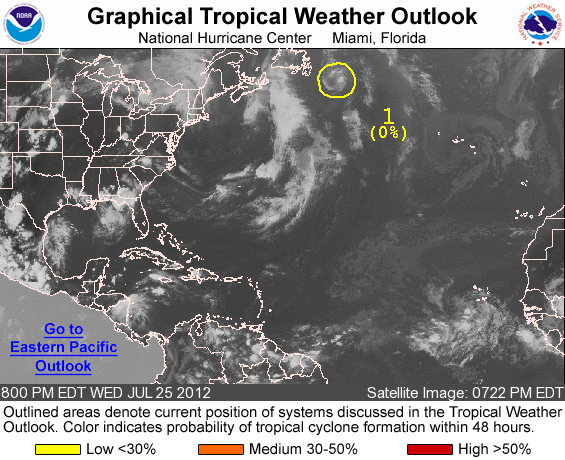
FOR THE NORTH ATLANTIC...CARIBBEAN SEA AND THE GULF OF MEXICO...

1. THUNDERSTORM ACTIVITY HAS DIMINISHED IN ASSOCIATION WITH A NON- TROPICAL LOW PRESSURE SYSTEM LOCATED ABOUT 230 MILES EAST OF CAPE RACE NEWFOUNDLAND. THE LOW IS NOW MOVING RAPIDLY NORTH- NORTHEASTWARD AT 30 TO 35 MPH OVER COLD WATERS...AND DEVELOPMENT IS NOT EXPECTED. THIS SYSTEM HAS A LOW CHANCE...NEAR 0 PERCENT...OF BECOMING A TROPICAL CYCLONE DURING THE NEXT 48 HOURS.

FOR ADDITIONAL INFORMATION...PLEASE SEE HIGH SEAS FORECASTS ISSUED BY THE NATIONAL WEATHER SERVICE.

ELSEWHERE...TROPICAL CYCLONE FORMATION IS NOT EXPECTED DURING THE NEXT 48 HOURS.

&&
HIGH SEAS FORECASTS CAN BE FOUND UNDER AWIPS HEADER NFDHSFAT1 AND WMO HEADER FZNT01 KWBC.

FORECASTER KIMBERLAIN